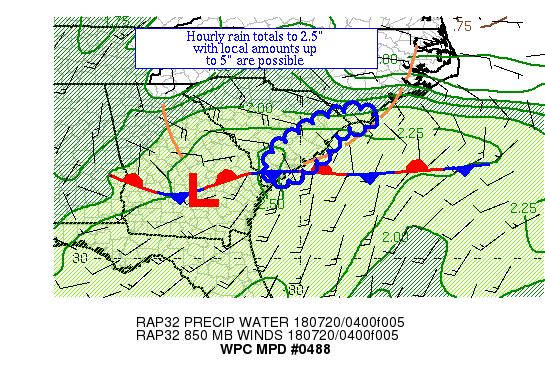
AREAS AFFECTED...COASTAL PLAIN OF SC

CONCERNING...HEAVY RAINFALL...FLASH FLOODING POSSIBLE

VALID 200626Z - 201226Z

SUMMARY...AN 850 HPA LOW IN COMBINATION WITH AN INCOMING SHORTWAVE
ALOFT IS LEADING TO A SLOW INCREASE IN CONVECTIVE ORGANIZATION
OVER THE SC COASTAL PLAIN.  HOURLY RAIN TOTALS TO 2.5" WITH LOCAL
AMOUNTS TO 5" ARE POSSIBLE THROUGH 12Z.

DISCUSSION...VAD WIND PROFILES ALONG WITH SATELLITE AND RADAR
IMAGERY IMPLY THE FORMATION OF A NEW 850 HPA LOW CENTER NEAR
VIDALIA GA WITHIN AN ELONGATED SHEAR AXIS AT THAT LEVEL AND IN THE
VICINITY OF A WEAK FRONTAL BOUNDARY.  WATER VAPOR IMAGERY SHOWS A
SHORTWAVE MOVING ACROSS WESTERN GA INTO THE REGION, ENHANCING
UPPER LEVEL DIVERGENCE.  CONVECTION IN THE AREA IS SHOWING COOLING
CLOUD TOPS, WITH RADAR SHOWING OCCASIONAL CURVED BANDS MOVING IN
FROM THE ATLANTIC WITH PEAK HOURLY RAIN RATES OF 1" THUS FAR.
INFLOW AT 850 HPA IS CONVERGENT OUT OF THE SOUTHEAST AT 15-25 KTS
PER VAD WIND PROFILES, DOUBLE THE MEAN 850-400 HPA WIND, ADVECTING
IN ML CAPE VALUES OF 1000-2000 J/KG FROM OFFSHORE; INSTABILITY
TRENDS HAVE BEEN UPWARD DURING THE PAST COUPLE HOURS.  EFFECTIVE
BULK SHEAR IS 25 KTS JUST OFFSHORE PER VAD WIND PROFILES.
PRECIPITABLE WATER VALUES ARE 2.1-2.4" PER GPS DATA.  THERE DOES
NOT APPEAR TO BE ANY CIN PRESENT.

THE WET BULB ZERO HEIGHT ON THE CHARLESTON SC SOUNDING WAS 14,600
FEET, WHICH SUPPORTS THE IDEA OF WARM RAIN PROCESSES BEING AT WORK
OVERNIGHT INTO THE MORNING HOURS.  THE MESOSCALE GUIDANCE IS
INSISTENT THAT RAINFALL ACROSS THE REGION SHOULD EXPAND IN
COVERAGE AND INTENSITY THROUGH THE EARLY MORNING HOURS, AND THAT
THE RELATED 850 HPA LOW STRENGTHENS AS IT DRIFTS NORTHEASTWARD UP
THE FALL LINE NEAR AND WEST OF I-95.  THE STATIONARY FRONT
OFFSHORE THE CAROLINAS IS EXPECTED TO MIGRATE NORTHWEST INTO THE
COASTAL TROUGH CURRENTLY LOCATED JUST OFFSHORE THE NORTHERN SC
COAST PER RAP FORECASTS.  THE COMBINATION OF STRENGTHENING
LOW-LEVEL INFLOW AND BULK SHEAR SHOULD CONTINUE THE IDEA OF CURVED
BANDS DEVELOPING OFF THE ATLANTIC INTO THE COASTAL PLAIN OF SC,
WHERE THE HEAVIEST RAINFALL WOULD BE FOCUSED.  THERE IS ALSO THE
POSSIBILITY OF CELL MERGERS OCCURRING FROM ANY LESS ORGANIZED
ACTIVITY MOVING WESTWARD ALONG THE WEAK FRONTAL ZONE IN THE AREA
INTO ANY EXISTING ORGANIZED CONVECTIVE STRUCTURES.  HOURLY RAIN
TOTALS UP TO 2.5" SHOULD BE POSSIBLE IN ANY CURVED BANDS THAT
DEVELOP.  THE MESOSCALE GUIDANCE HAS A UNIFIED SIGNAL FOR LOCAL
AMOUNTS IN THE 5" RANGE THROUGH 12Z.  DESPITE THE MODEL AGREEMENT,
UNCERTAINTY IN THE SCENARIO IS HIGHER THAN USUAL AS COASTAL HEAVY
RAIN EVENTS SOMETIMES MATERIALIZE JUST OFFSHORE.